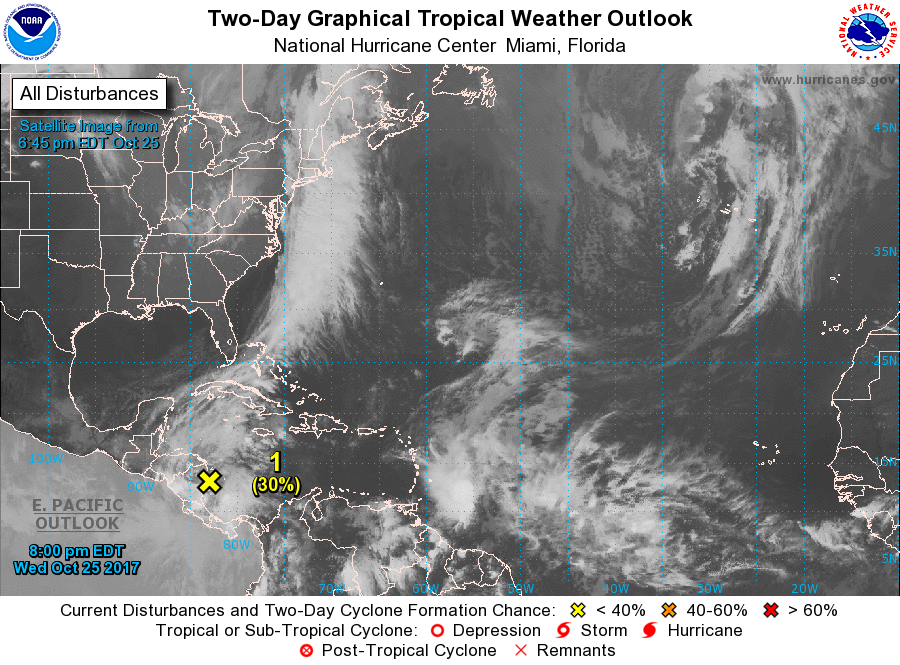
For the North Atlantic...Caribbean Sea and the Gulf of Mexico:

1. Showers and thunderstorms associated with a broad area of low pressure located over the western Caribbean Sea and Central America are gradually becoming better organized. Close proximity to land is likely to limit development of this system for the next day or so. However, environmental conditions are expected to be conducive for the system to become more organized later this week as it moves slowly northward over the northwestern Caribbean Sea. Strong upper-level winds associated with an approaching cold front will make conditions less favorable by Sunday. Regardless of development, locally heavy rains are likely over portions of Central America and Cuba during the next several days.
* Formation chance through 48 hours...low...30 percent.
* Formation chance through 5 days...medium...40 percent.

Forecaster Beven